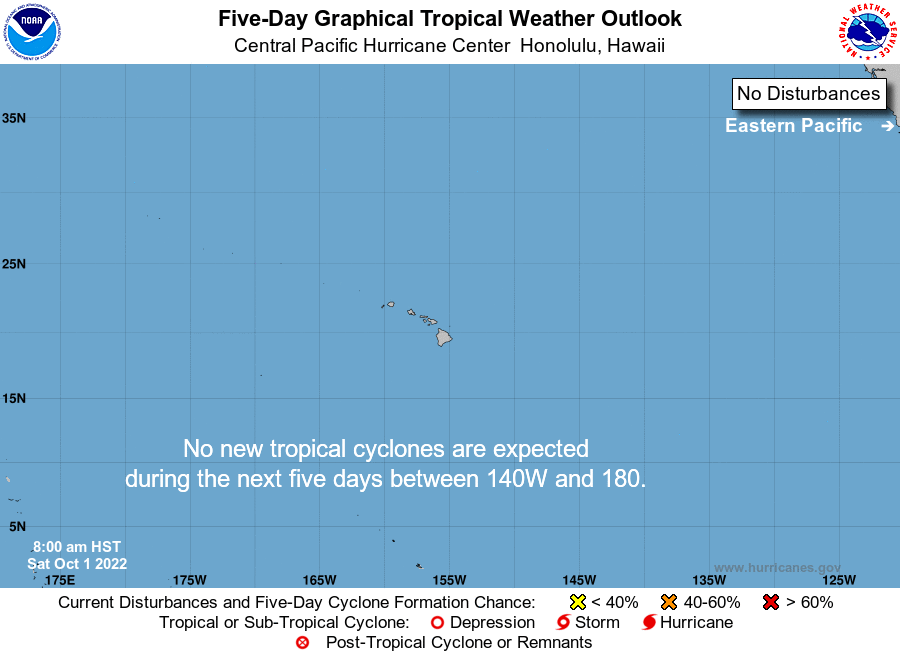
For the central North Pacific...between 140W and 180W:

No tropical cyclones are expected during the next 5 days.

Forecaster Gibbs